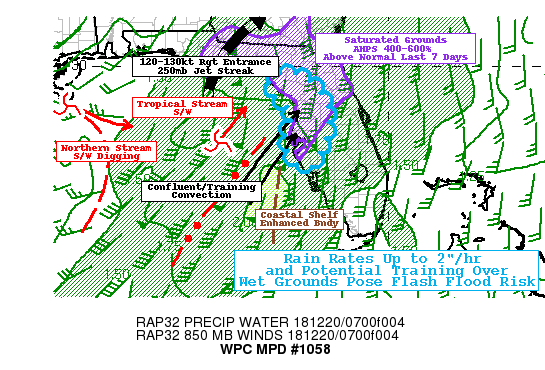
Areas affected...Central West Coast of FL...

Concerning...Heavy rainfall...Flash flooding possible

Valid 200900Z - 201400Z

SUMMARY...Shortwave approaching enhancing convection/moisture flux
with training leading to possible flash flooding or at least
prolonged inundation flooding.

DISCUSSION...Current GOES-16 WV suite, depicts a potent
tropical-stream shortwave approaching the Gulf coast of peninsular
FL, slowly enhancing at the right entrance to 120-130kt 250,
nicely anti-cyclonically arched jet streak across the eastern FL
panhandle lifting into GA.  This is providing significant upper
level DPVA/Divergence aloft for broad strong vertical ascent.
Combine this with main height-falls from shortwave digging from
the Northwest out of LA at this time, low level flow will be
tightening and increasing from 40kts SSW to SW 55-60kts from the
SW from 12-15z at 850mb.  CIRA layered PW suggest slug of enhanced
moisture that is slanted from 7-5H currently nearing the west
coast while 850-7H slug angles from the Yucatan channel currently
nearing the main shortwave axis.  The leads to 1.75-2" total PWat
analyzed in the ascent region currently projected to reach the
coast by 13-15z.

At the surface, cooler shallow coastal shelf waters are inhibiting
the advection of higher theta-E air toward the coast, but a strong
FGEN convergence band as setup generally parallel to the coast
from near 27.2N83W to 25N83.2W along this bathymetric feature.
The stronger mid-level deep layer convergence angles from just
west of the mouth of Tampa Bay to 24.6N86.7W.  This will allow for
a combined confluence of convection to be directed toward Tampa
Bay. Between the two lines, SBCAPEs are increasing to 1000-1500
J/kg, which will be isentropically lifted for near 1000 MUCAPEs to
support strong vertical growth through the early morning.  Given
the moisture flux, rates up to 2"/hour are possible.  Given the
orientation of the tropical-stream wave lifting north, there is
some likelihood for training convection particularly near the
coast and overall totals to be in the 2-4" range through 15z. This
potentially reaches the high FFG values that would suggest flash
flooding is possible.

However, even if the cooler waters keep the convection from
eastward advancement decreasing vertical growth...and more
slantwise convection, rates of 1"/hr for a few hours still pose
longer-term slower rise inundation particularly from Sarasota to
Sun City, FL where up to 1.5" fell within the last 24hrs as well
as, locales from Tampa Bay north to Cedar Key into the interior
peninsula were 7 day totals are running 400-600% of normal and
river flooding is already occurring. Strong onshore flow is likely
to further compound flooding issues eliminating river outflow to
compound flood waters in the river basins.